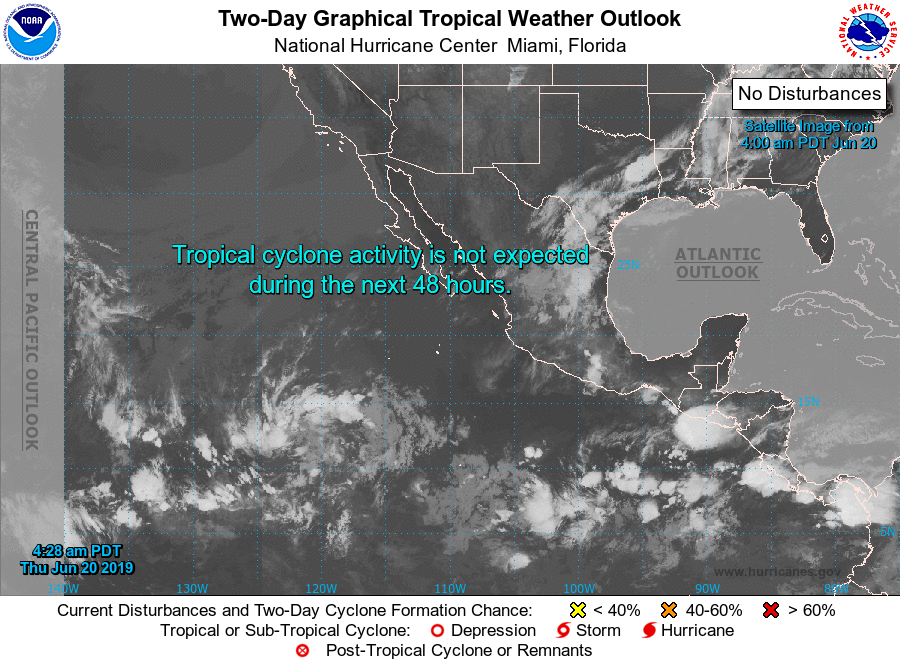
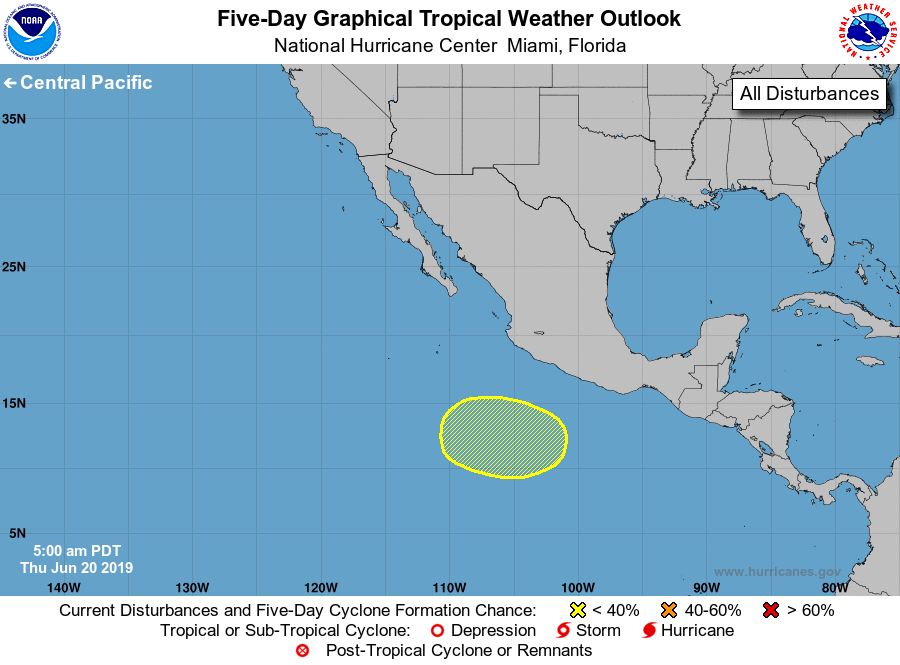
For the eastern North Pacific...east of 140 degrees west longitude:

1. An area of low pressure is expected to form a few hundred miles south of the southwestern coast of Mexico by early next week. Environmental conditions could support gradual development of this system thereafter while it moves west-northwestward.
* Formation chance through 48 hours...low...near 0 percent.
* Formation chance through 5 days...low...30 percent.

Forecaster Cangialosi